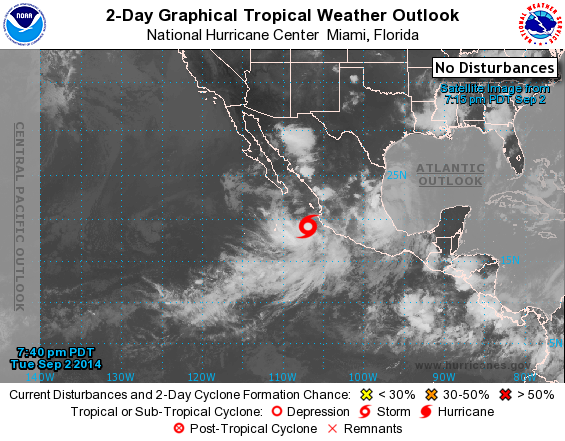
For the eastern North Pacific...east of 140 degrees west longitude:

The National Hurricane Center is issuing advisories on Tropical Storm Norbert, located offshore of the southwestern coast of Mexico.

Tropical cyclone formation is not expected during the next 5 days.

&&
Public Advisories on Norbert are issued under WMO header WTPZ34 KNHC and under AWIPS header MIATCPEP4. Forecast/Advisories on Norbert are issued under WMO header WTPZ24 KNHC and under AWIPS header MIATCMEP4.

Forecaster Brennan